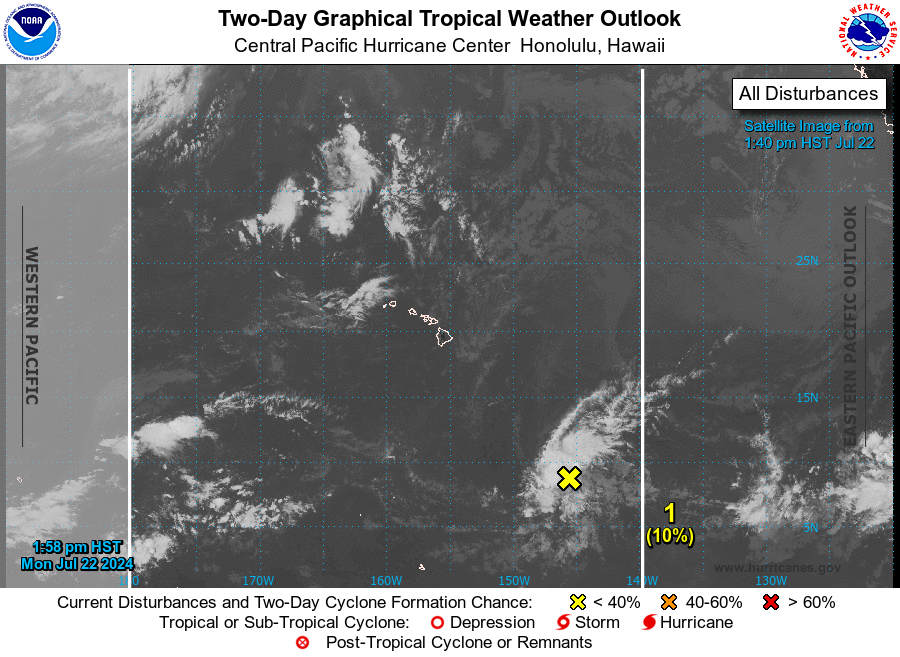
For the central North Pacific...between 140W and 180W:

1. Approximately 1,000 miles southeast of Hilo, Hawaii: A large area of disorganized showers and thunderstorms located over the far eastern portion of the central Pacific basin is associated with a trough of low pressure. Environmental conditions are forecast to be marginally conducive for some slow development during the next 24 hours. The disturbance is forecast to move westward at 10 to 15 mph. Strong shear will inhibit further development of this system by the middle of this week.
* Formation chance through 48 hours...low...10 percent.
* Formation chance through 7 days...low...10 percent.

Forecaster Kino